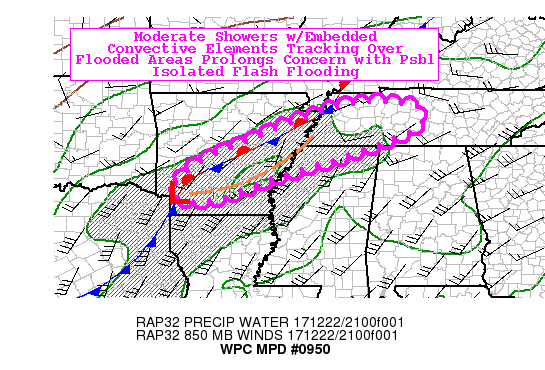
AREAS AFFECTED...SOUTHERN AND EASTERN AR...FAR NORTHWEST
MS...WESTERN TN

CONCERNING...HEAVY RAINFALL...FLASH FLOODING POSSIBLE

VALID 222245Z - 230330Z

SUMMARY...CONTINUED BROAD ISENTROPIC ASCENT OVER SAME LOCATIONS
WILL KEEP PERSISTENT MODERATE SHOWERS WITH OCCASIONAL EMBEDDED
CONVECTIVE ELEMENTS.

DISCUSSION...OVERALL ENVIRONMENTAL SETUP HAS NOT VARIED MUCH OVER
THE LAST FEW HOURS AND IS EXPECTED TO MAINTAIN FOR THE NEXT 3-6
HOURS BEFORE MORE SIGNIFICANT HEIGHT FALLS AND DPVA BREAKS OUT
CONVECTION ALONG THE COLD FRONT AROUND 03-04Z ORIENTING MORE N-S
AND PRESSES THROUGH THE MS VALLEY OVERNIGHT.  IN THE MEAN
TIME...THE SURFACE COLD FRON CONTINUES TO PRESS SOUTH ACROSS
CENTRAL AND SOUTHEASTERN TX BEFORE ANGLING NORTH AS A STATIONARY
FRONT TO A WEAK SFC WAVE NW OF SHV. AT THIS POINT THE FRONT THEN
ANGLES BETWEEN LIT/SGT TO THE SE TIP OF THE MO BOOTHEEL.  A WEAK
OUTFLOW BOUNDARY REMAINS ABOUT 20-30 MILES SE OF THE FRONT.  THIS
SMALL SEPARATION HAS LIMITED A FOCUSED CONVERGENCE ESPECIALLY
GIVEN ITS OBLIQUE ANGLE TO THE FRONT FROM SSWLY INFLOW.  AS SUCH
ASCENT HAS BEEN ISENTROPIC IN NATURE AND MORE GRADUAL LEADING TO
WEAK/SCATTERED CONVECTIVE ELEMENTS THAT EXTENDING FROM CLARK TO
LEE COUNTIES IN AR. LOW LEVEL MOISTURE FLOW CONTINUES TO BE
CONFLUENT THROUGH NE TX AND UNIDIRECTIONAL ACROSS THE FRONTAL
BOUNDARY/OUTFLOW ALLOWING FOR GOOD MOISTURE AVAILABILITY IF ANY
CELLS CAN TAP GREATER INSTABILITY THAT IS AVAILABLE FURTHER SOUTH
REPRESENTED BY TEMPS NEAR 80 AND TDS IN THE LOW 70S...ALLOWING FOR
CAPPED CAPES TO 1000 J/KG.  MUCAPES AT THE ELEVATED CONVECTIVE
INITIATION LEVEL NEAR THE VICINITY OF THE  FRONT REMAIN AROUND 500
J/KG AND NOT EXPECTED TO VARY MUCH THROUGH 03Z.  AS SUCH MORE OF
THE SAME EVOLUTION/TRAINING OF MODERATE SHOWERS WITH EMBEDDED
CONVECTIVE ELEMENTS IS EXPECTED.

SOME HI-RES CAMS THAT HAVE PERFORMED WELL TODAY SUCH AS THE 12Z
ARW AND HRRR RUNS SUGGEST ADDITIONAL CONVECTION TO BREAK OUT ALONG
THE OUTFLOW BOUNDARY JUST SOUTH OF THE AXIS OF 2-5" RAINFALL FROM
EARLIER TODAY IN S AR TOWARD NW MS.  THE GUIDANCE SUGGESTS THIS
CONVECTION MAY PRODUCE AN ADDITIONAL 1-3" IN E CENTRAL AR TO SW TN
PROLONGING FLOODING THREAT THERE MAKING FLASH FLOODING AT LEAST
POSSIBLE BEFORE 03Z.

THE 18Z NAM-CONEST DOES PRESENT A WORST CASE SCENARIO THAT
REQUIRES AN INCREASE IN SOUTHERLY FLOW TO BREAK OUT DEEP
CONVECTION FROM TKX TO MEM AND HAS SOME SUPPORT FROM THE 12Z
NSSL-WRF AND NMMB. IF THIS WERE TO UNFOLD CONVECTION WOULD BREAK
OUT IN THE 00Z TIME FRAME WITH AN ADDITIONAL 2-4" OVER ALREADY
FLOODED AREAS MAKING FLASH FLOODING LIKELY.  HOWEVER...INCREASED
CLOUD COVER STEADY NOT INCREASING FLOW AND FORCING STILL WELL
UPSTREAM LEADS TO THIS SCENARIO CONTINUING TO FADE AS A
POSSIBILITY.  STILL EVEN MODERATE SHIELD PRECIPITATION GIVEN TPWS
UP TO 1.7" WILL SUPPORT A MORE PROLONGED INUNDATION FLOODING SET
UP FOR THIS AREA AT LEAST.